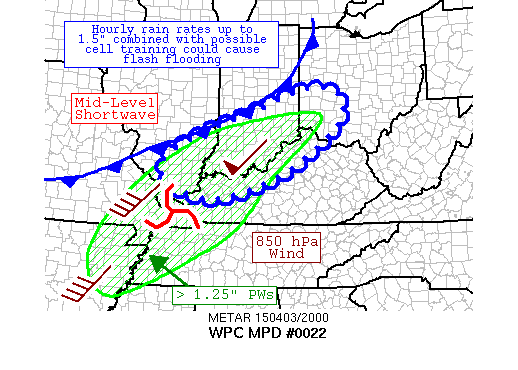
AREAS AFFECTED...MID TO LOWER OH VALLEY

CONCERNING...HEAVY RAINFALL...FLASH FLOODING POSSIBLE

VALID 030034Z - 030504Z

SUMMARY...A MORE ORGANZING BAND OF THUNDERSTORMS CONTINUES TO
DEVELOP ALONG/JUST AHEAD OF THE COLD FRONT DROPPING SLOWLY
SOUTHEASTWARD THROUGH THE OH VALLEY.  TEMPORARY CELL TRAINING
WITHIN THIS LINE COULD RESULT IN SOME 1-2" HOURLY RAINFALL RATES.

DISCUSSION...FLASH FLOODING THREAT INCREASING SOMEWHAT AT THIS
TIME THROUGH PARTS OF THE MID TO LOWER OH VALLEY..AS A MORE
ORGANIZED LINE OF CONVECTION IS DEVELOPING ALONG AND JUST AHEAD OF
THE SLOW MOVING COLD FRONT.  THE ACTIVITY IS DEVELOPING WITHIN THE
COINCIDENT AXES OF HIGHEST PWS..ABOVE 1.25 INCHES..AND STRONGEST
LOW LEVEL JET WHICH IS NEAR OR ABOVE 50KTS..AND WILL LIKELY BE
AIDED BY THE MID LEVEL S/WV LIFTING EAST-NORTHEASTWARD OUT OF THE
LOWER OH VALLEY.  THE SLOW MOVING FRONT AND DEEP LAYERED
WEST-SOUTHWESTERLY FLOW SHOULD ENCOURAGE SOME TEMPORARY CELL
TRAINING..WHICH COULD RESULT IN SOME ISOLATED 1-2 INCH RAINS IN AN
HOUR OR SO.

QPF GUIDANCE..INCLUDING THE HI-RES AND GLOBAL..IS NOT IN
ESPECIALLY GOOD AGREEMENT..WITH SOME INDICATING CONVECTION WILL BE
MORE SCATTERED/LESS ORGANIZED..BUT WITH SOME MORE EMPHATIC THAT
MORE ORGANIZED CONVECTIVE LINE DEVELOPMENT IS LIKELY.  THUS..WITH
CONFIDENCE ON THE LOW SIDE..AT LEAST PERTAINING TO REAL HEAVY
RAINS FOR THE NEXT SEVERAL HOURS OR SO..STAYED WITH A POSSIBLE
THREAT AT THIS TIME.